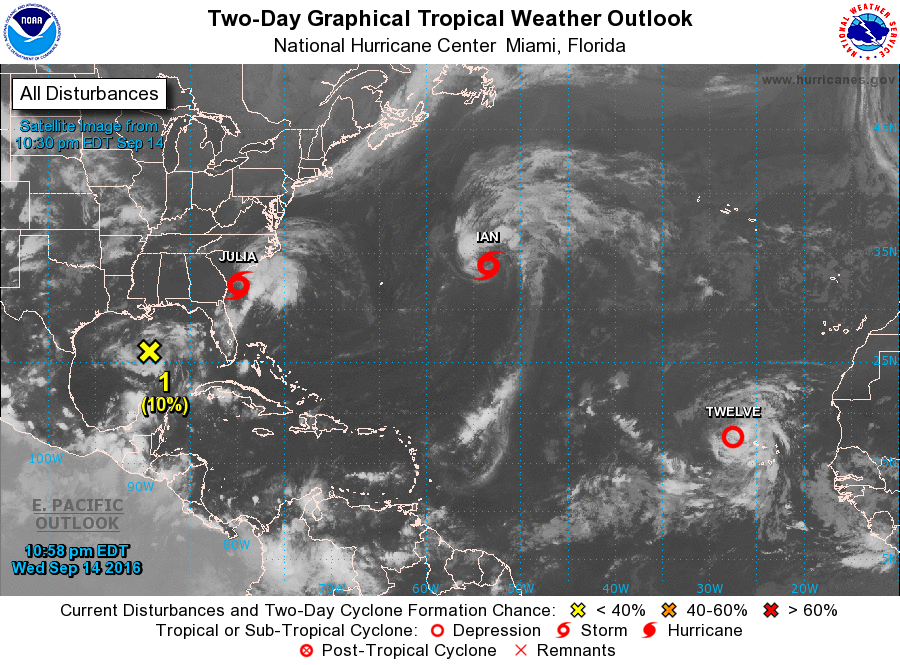
For the North Atlantic...Caribbean Sea and the Gulf of Mexico:

The National Hurricane Center is issuing advisories on Tropical Storm Ian, located well to the east of Bermuda, on Tropical Storm Julia, near the South Carolina coast, and on Tropical Depression Twelve, located west of the Cabo Verde Islands.

1. Disorganized showers and thunderstorms over the central Gulf of Mexico are associated with a broad area of low pressure. Environmental conditions are not conducive for significant development of this low while it moves westward toward the Texas coast.
* Formation chance through 48 hours...low...10 percent
* Formation chance through 5 days...low...10 percent

2. A tropical wave is expected to move off of the west coast of Africa by late Friday, and then move generally west-northwestward over the far eastern Atlantic. Initially, conditions are expected to be conducive for some development of this system after it moves offshore, but these conditions are forecast to become less favorable by early next week.
* Formation chance through 48 hours...low...near 0 percent
* Formation chance through 5 days...medium...50 percent

Public Advisories on Tropical Depression Twelve are issued under WMO header WTNT32 KNHC and under AWIPS header MIATCPAT2. Forecast/Advisories on Tropical Depression Twelve are issued under WMO header WTNT22 KNHC and under AWIPS header MIATCMAT2.

Forecaster Avila